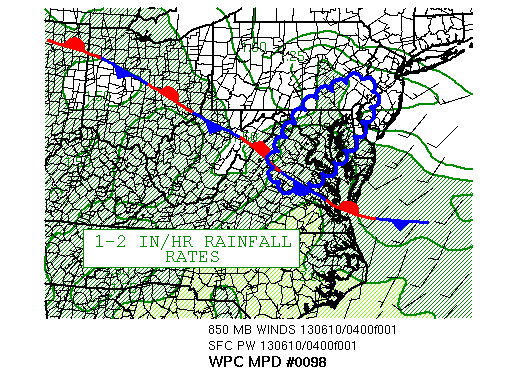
AREAS AFFECTED...NRN VA...D.C....CENTRAL MD INTO SERN PA

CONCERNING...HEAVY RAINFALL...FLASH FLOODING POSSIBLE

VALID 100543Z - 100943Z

SUMMARY...FLASH FLOOD THREAT IS INCREASING AS NOCTURNAL CONVECTION
EXPANDS WITHIN A VERY MOIST ENVIRONMENT OVER THE NEXT SEVERAL
HOURS.

DISCUSSION...RECENT RADAR TRENDS HAVE SHOWN AN UPTICK IN
CONVECTION WITHIN A VERY MOIST ENVIRONMENT CHARACTERIZED BY
PRECIPITABLE WATER VALUES OF 1.5 TO 1.75 INCHES PER BLENDED TPW
SATELLITE PRODUCT. CELLS ARE GENERALLY MOVING FROM SSW TO NNE
WITHIN THE MEAN FLOW AHEAD OF AN UPPER TROUGH  MOVING INTO THE
OHIO VALLEY THIS MORNING.

LITTLE CHANGE IS EXPECTED TO OCCUR TO THE STEERING FLOW AND RECENT
CONVECTIVE DEVELOPMENT JUST WEST OF THE RICHMOND METRO AREA IS
EXPECTED TO TRACK NNEWD OVER THE WASHINGTON D.C. METRO AREA. FFG
VALUES ARE RELATIVELY LOW DUE TO RECENT RAINS ASSOCIATED WITH
POST-TROPICAL ANDREA...ON THE ORDER OF 1 IN/HR...WHICH ARE LIKELY
TO BE MET WITHIN THE THREAT AREA THROUGH AT LEAST 1000 UTC.